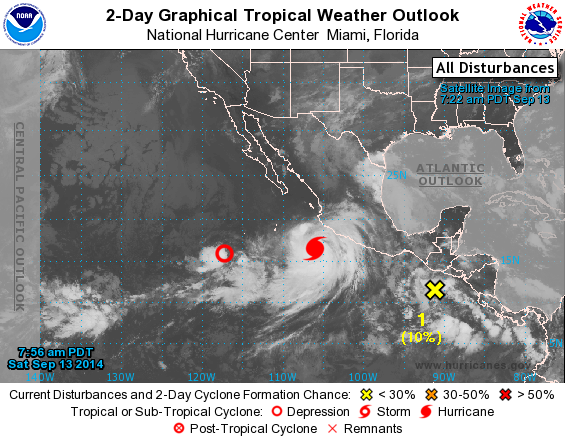
For the eastern North Pacific...east of 140 degrees west longitude:

The National Hurricane Center is issuing advisories on Hurricane Odile, located a couple of hundred miles south-southwest of Manzanillo, Mexico, and on Tropical Depression Sixteen-E, located several hundred miles southwest of the southern tip of the Baja California peninsula.

1. An area of low pressure located more than 100 miles south of Guatemala is producing disorganized showers and thunderstorms. Environmental conditions are expected to be conducive for gradual development of this disturbance over the next several days while it drifts toward the west-northwest and remains offshore of the coasts of Guatemala and Mexico.
* Formation chance through 48 hours...low...10 percent.
* Formation chance through 5 days...high...70 percent.

Forecaster Stewart